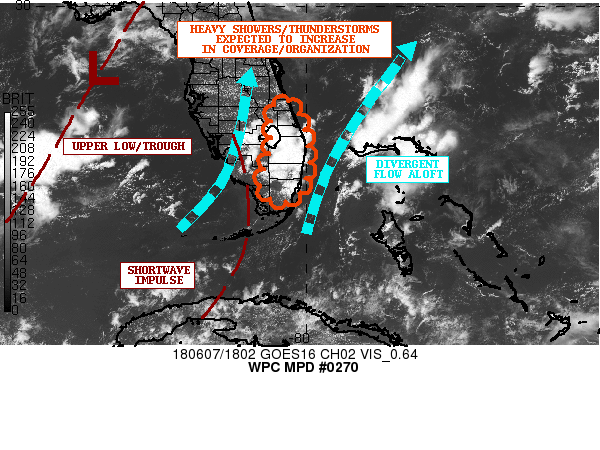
AREAS AFFECTED...SOUTHERN FL

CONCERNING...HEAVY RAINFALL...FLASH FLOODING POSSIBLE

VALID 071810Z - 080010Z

SUMMARY...HEAVY SHOWERS AND THUNDERSTORMS TO BECOME MORE NUMEROUS
THIS AFTERNOON AND THROUGH THE EARLY EVENING HOURS. SOME FLOODING
WILL BE POSSIBLE.

DISCUSSION...STRONG DIURNAL HEATING EARLY THIS AFTERNOON HAS
ALREADY CONTRIBUTED TO AS MUCH AS 2000+ J/KG OF MLCAPE ACROSS
SOUTHEAST FL...AND THIS COUPLED WITH AT LEAST MODEST LOW LEVEL
CONVERGENCE AIDED BY SEABREEZE ACTIVITY HAS BEEN FACILITATING
CONVECTIVE INITIATION OVER THE LAST 1 TO 2 HOURS SOUTH OF LAKE
OKEECHOBEE AND ALONG ADJACENT AREAS JUST INLAND FROM THE SOUTHEAST
FL COASTLINE. THE LATEST GOES-16 VISIBLE AND CLEAN IR IMAGERY
CONFIRM THIS AND ARE SHOWING AN INCREASED DEGREE OF ORGANIZATION
WITH TIME.

THE LAST SEVERAL RUNS OF THE HRRR AND HRRRX GUIDANCE HAS BEEN
SHOWING A RATHER STRONG SIGNAL FOR VERY HEAVY AND SLOW-MOVING
SHOWERS AND THUNDERSTORMS THIS AFTERNOON ACROSS A RATHER LARGE
AREA OF SOUTHERN FL...BUT ESPECIALLY TOWARD THE ATLANTIC SIDE OF
THE PENINSULA WHERE LOW LEVEL CONVERGENCE IS EXPECTED TO BE
RELATIVELY MAXIMIZED. AN ADDITIONAL FACTOR IN DRIVING CONVECTION
THIS AFTERNOON WILL BE THE PROXIMITY OF AN UPPER LOW OVER THE
NORTHEAST GULF OF MEXICO WHICH IS PROVIDING AT LEAST SOME MODEST
UPPER LEVEL DIVERGENCE OVER THE PENINSULA. THERE IS ALSO EVIDENCE
OF A SMALL SCALE SHORTWAVE TROUGH OVER SOUTHWEST FL WHICH IS
SHOWING UP IN GOES-16 WV IMAGERY.

THE HRRR/HRRRX GUIDANCE ALONG WITH THE 12Z ARW/NMMB SOLUTIONS
SUPPORT AS MUCH AS 4 TO 6+ INCHES OF RAIN...AND THIS SEEMS
PLAUSIBLE GIVEN PWATS OF 1.7 TO 1.9 INCHES AND THE EXPECTATION OF
SLOW CELL MOTIONS GIVEN RATHER WEAK MID LEVEL STEERING FLOW. THE
THREAT SHOULD PERSIST THROUGH ABOUT 00Z...WITH CONVECTION THEN
WANING THEREAFTER AS DIURNAL HEATING DIMINISHES. GIVEN THE
EXPECTED RAINFALL AMOUNTS...SOME RUNOFF PROBLEMS AND/OR FLOODING
WILL BE POSSIBLE PRIOR TO 00Z.